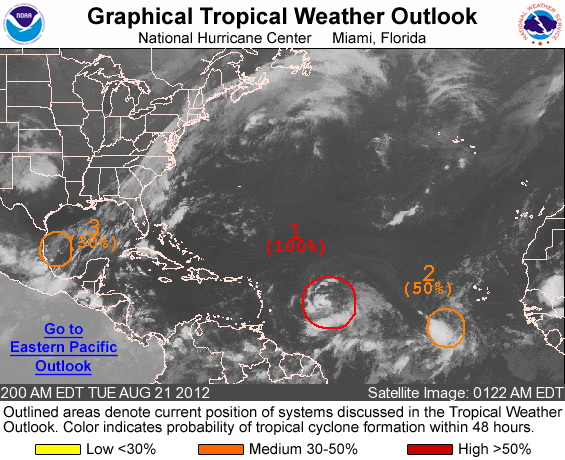
FOR THE NORTH ATLANTIC...CARIBBEAN SEA AND THE GULF OF MEXICO...

1. A WELL-DEFINED LOW PRESSURE PRESSURE IS LOCATED ABOUT 725 MILES EAST OF THE LESSER ANTILLES. THUNDERSTORM ACTIVITY HAS INCREASED AND BECOME BETTER ORGANIZED NEAR THE CENTER DURING THE PAST SEVERAL HOURS. IF THIS RECENT DEVELOPMENT TREND CONTINUES...THEN A TROPICAL DEPRESSION COULD FORM LATER THIS MORNING. THIS SYSTEM HAS A HIGH CHANCE...NEAR 100 PERCENT...OF BECOMING A TROPICAL CYCLONE DURING THE NEXT 48 HOURS AS IT MOVES WESTWARD AT 20 TO 25 MPH. THIS LARGE DISTURBANCE COULD REACH THE LESSER ANTILLES BY WEDNESDAY...AND INTERESTS IN THAT AREA SHOULD CLOSELY MONITOR THE PROGRESS OF THIS SYSTEM SINCE TROPICAL STORM WATCHES COULD SOON BE REQUIRED FOR PORTIONS OF THOSE ISLANDS.

2. A WELL-DEFINED LOW PRESSURE SYSTEM ASSOCIATED WITH A TROPICAL WAVE IS LOCATED ABOUT 380 MILES SOUTHWEST OF THE CAPE VERDE ISLANDS. SHOWERS AND THUNDERSTORMS CONTINUE TO SHOW SIGNS OF ORGANIZATION... AND FURTHER DEVELOPMENT OF THIS DISTURBANCE IS POSSIBLE OVER THE NEXT FEW DAYS. THIS SYSTEM HAS A MEDIUM CHANCE...50 PERCENT...OF BECOMING A TROPICAL CYCLONE DURING THE NEXT 48 HOURS AS IT MOVES WESTWARD AT ABOUT 15 MPH.

3. SHOWER ACTIVITY NEAR AN ELONGATED AREA OF LOW PRESSURE LOCATED OVER THE FAR WESTERN GULF OF MEXICO HAS CHANGED LITTLE DURING THE PAST SEVERAL HOURS. SOME GRADUAL DEVELOPMENT OF THIS SYSTEM IS STILL POSSIBLE IF IT REMAINS OVER WATER DURING THE NEXT DAY OR TWO. THIS SYSTEM HAS A MEDIUM CHANCE...30 PERCENT...OF BECOMING A TROPICAL CYCLONE DURING THE NEXT 48 HOURS AS IT DRIFTS WESTWARD.

ELSEWHERE...TROPICAL CYCLONE FORMATION IS NOT EXPECTED DURING THE NEXT 48 HOURS.

FORECASTER STEWART